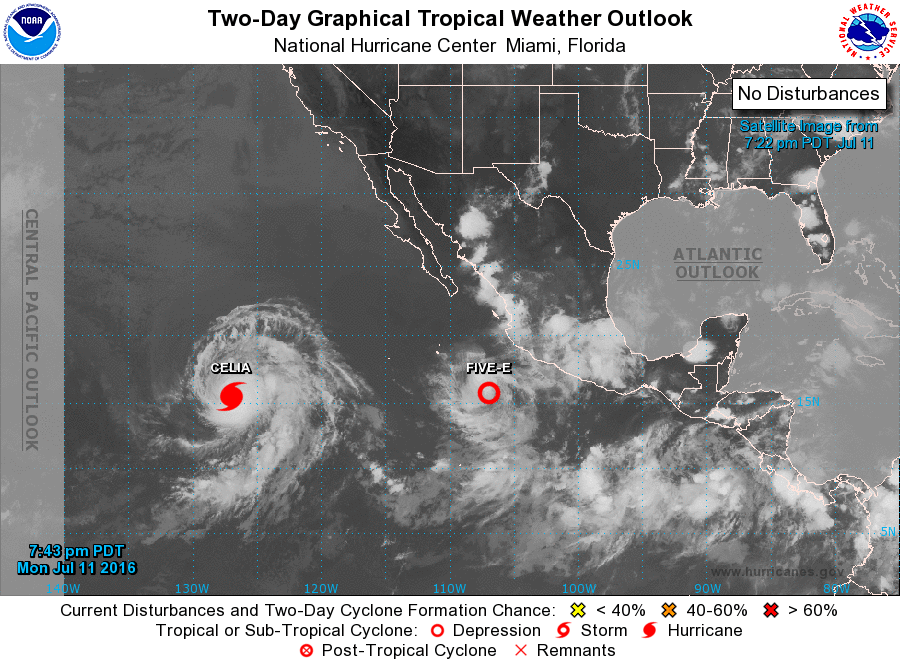
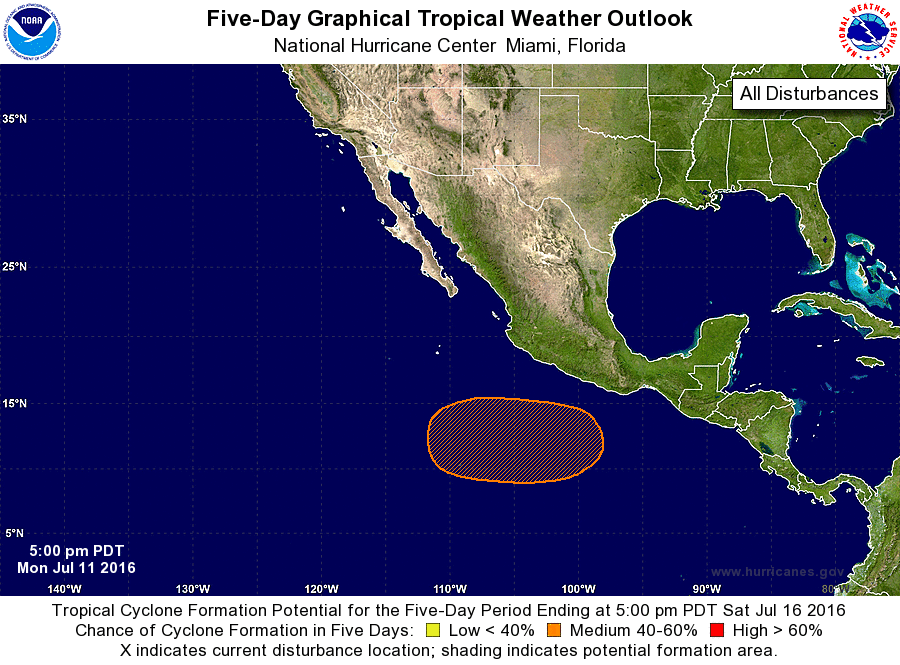
For the eastern North Pacific...east of 140 degrees west longitude:

The National Hurricane Center is issuing advisories on Hurricane Celia, located more than 1000 miles west-southwest of the southern tip of the Baja California peninsula and on Tropical Depression Five-E, located a couple hundred miles south-southwest of Manzanillo, Mexico.

1. An area of low pressure is expected to form several hundred miles south of the coast of Mexico later this week. Some subsequent development of this newly formed system is likely while it moves westward to west-northwestward at 10 to 15 mph.
* Formation chance through 48 hours...low...near 0 percent
* Formation chance through 5 days...medium...40 percent

Forecaster Landsea